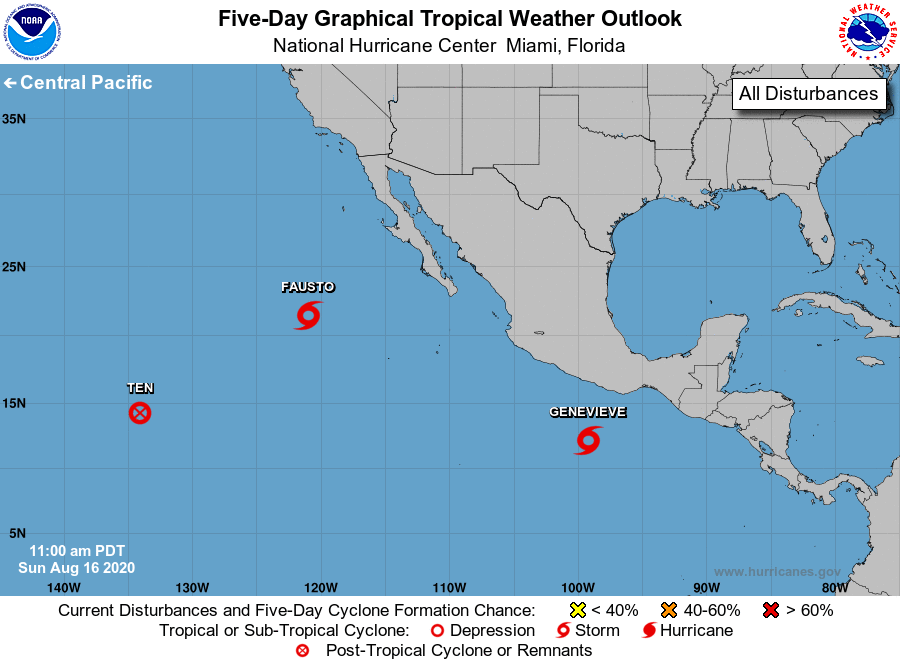
For the eastern North Pacific...east of 140 degrees west longitude:

The National Hurricane Center is issuing advisories on Tropical Storm Fausto, located several hundred miles west-southwest of the southern tip of the Baja California peninsula. Advisories are also being issued on Tropical Depression Ten-E, located about 1700 miles west-southwest of the southern tip of the Baja California peninsula, and on newly formed Tropical Depression 12-E, located about 400 miles south-southeast of Acapulco, Mexico.

Tropical cyclone formation is not expected during the next 5 days.

&&
Public Advisories on Tropical Storm Fausto are issued under WMO header WTPZ31 KNHC and under AWIPS header MIATCPEP1. Forecast/Advisories on Tropical Storm Fausto are issued under WMO header WTPZ21 KNHC and under AWIPS header MIATCMEP1.

Public Advisories on Tropical Depression Twelve-E are issued under WMO header WTPZ32 KNHC and under AWIPS header MIATCPEP2. Forecast/Advisories on Tropical Depression Twelve-E are issued under WMO header WTPZ22 KNHC and under AWIPS header MIATCMEP2.

Forecaster Latto